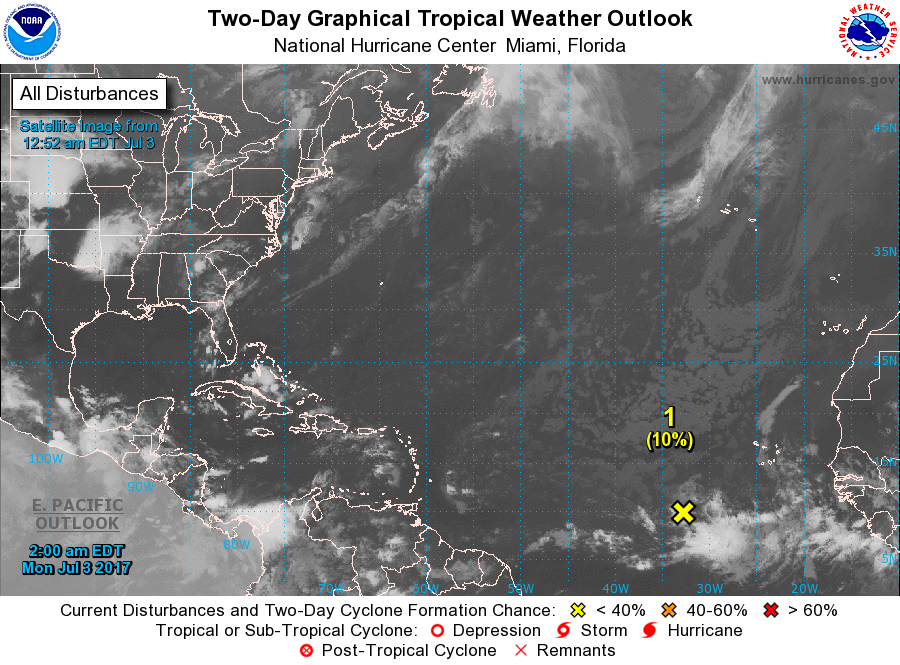
For the North Atlantic...Caribbean Sea and the Gulf of Mexico:

1. A broad low pressure system has remained nearly stationary for the past several hours about 650 miles southwest of the Cabo Verde Islands. Although shower and thunderstorm activity is currently disorganized, environmental conditions are forecast to become more conducive for the development of a tropical depression after midweek. The disturbance is expected to drift westward for the next day or two, followed a motion toward the west-northwestward at around 10 mph.
* Formation chance through 48 hours...low...10 percent.
* Formation chance through 5 days...high...70 percent.

Forecaster Stewart